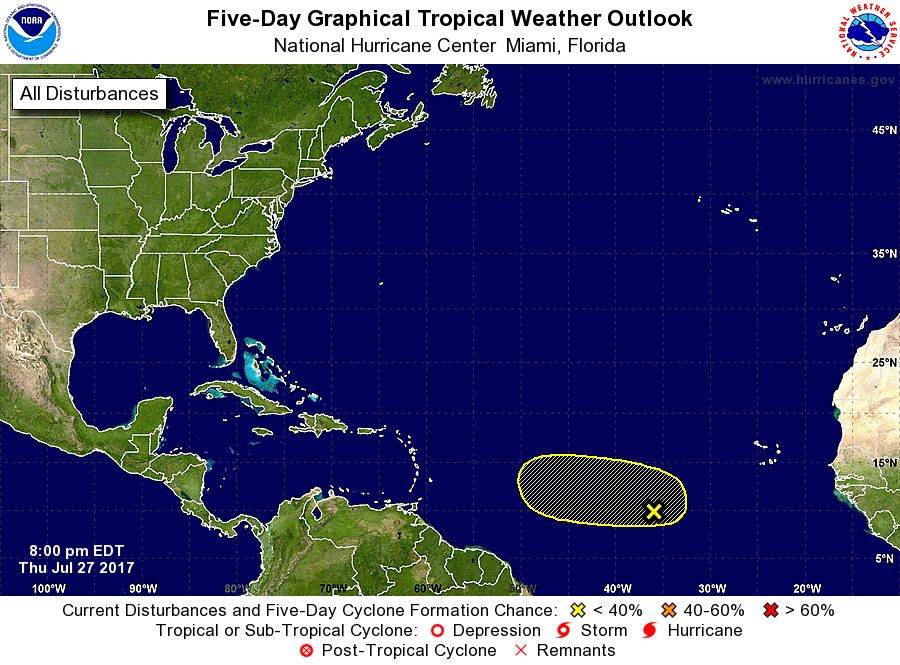
For the North Atlantic...Caribbean Sea and the Gulf of Mexico:

1. A large area of cloudiness and disorganized shower activity is associated with a broad low pressure system located about 800 miles west-southwest of the Cabo Verde Islands. Slow development is possible over the next several days while the system moves westward or west-northwestward at 5 to 10 mph.
* Formation chance through 48 hours...low...near 0 percent.
* Formation chance through 5 days...low...30 percent.

Forecaster Stewart